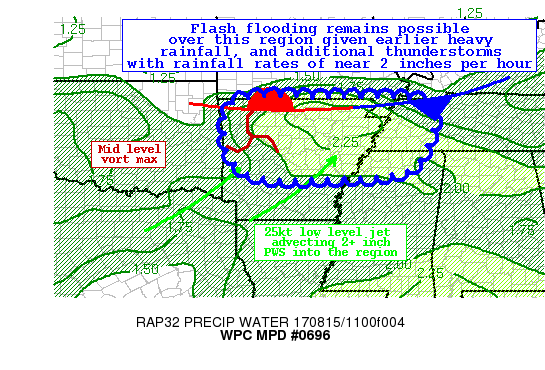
AREAS AFFECTED...N ARKANSAS...NW MISSISSIPPI...W TENNESSEE

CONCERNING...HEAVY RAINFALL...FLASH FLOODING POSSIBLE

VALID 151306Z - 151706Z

SUMMARY...HEAVY RAIN WITH EMBEDDED THUNDERSTORMS ASSOCIATED WITH A
VERY SLOW MOVING MCS IS FORECAST TO PERSIST OVER NORTHERN ARKANSAS
AND PARTS OF ADJACENT STATES OVER THE NEXT FEW HOURS.  FLASH
FLOODING REMAINS POSSIBLE OVER THIS REGION AS A RESULT.

DISCUSSION...RADAR IMAGERY CONTINUES TO INDICATE WIDESPREAD
MODERATE TO HEAVY RAIN ALONG WITH NUMEROUS THUNDERSTORMS OVER THE
NORTHERN HALF OF ARKANSAS THIS MORNING. GOES IR SATELLITE IMAGERY
INDICATES A COLD ANVIL CANOPY WITH RADAR ECHO TOPS OVER 45KFT.
THE CONVECTION IS GENERALLY FORMING WITHIN A BROAD WARM ADVECTION
PATTERN WITH SOUTHWEST LOW TO MID LEVEL FLOW OUT AHEAD OF A
SHORTWAVE TROUGH ADVANCING EAST FROM THE SOUTHERN PLAINS INTO THE
LOWER MS VALLEY. A LOW LEVEL SOUTHWESTERLY JET OF 20 TO 30 KTS IS
ADVECTING DEEP MOISTURE TOWARDS A STATIONARY FRONT OVER NORTHERN
ARKANSAS. PWS ARE ON THE ORDER OF 2 TO 2.25 INCHES, AND THE
CONVECTION HAS BEEN TENDING TO FOCUS ALONG A MODEST INSTABILITY
GRADIENT WITH 500-1000 J/KG OF MLCAPE NOTED OVER CENTRAL ARKANSAS
FROM THE LATEST SPC MESOANALYSIS.

THE LATEST SUITE OF HI-RES MODEL GUIDANCE, INCLUDING THE HRRR AND
ITS EXPERIMENTAL VERSION, ARE IN EXCELLENT AGREEMENT THAT AN AXIS
OF HEAVY RAINFALL WILL CONTINUE OVER THE HIGHLIGHTED REGION
THROUGH 17Z.  ISOLATED TOTALS OF 2 TO 4 INCHES OF ADDITIONAL
RAINFALL ARE INDICATED BY MULTIPLE GUIDANCE SOURCES FROM 13Z TO
17Z. GIVEN THE HEAVY RAINFALL EARLIER THIS MORNING AND THE LOCALLY
REDUCED FLASH FLOOD GUIDANCE VALUES, THE POTENTIAL FOR FLASH
FLOODING REMAINS POSSIBLE THROUGH THE LATE MORNING HOURS.